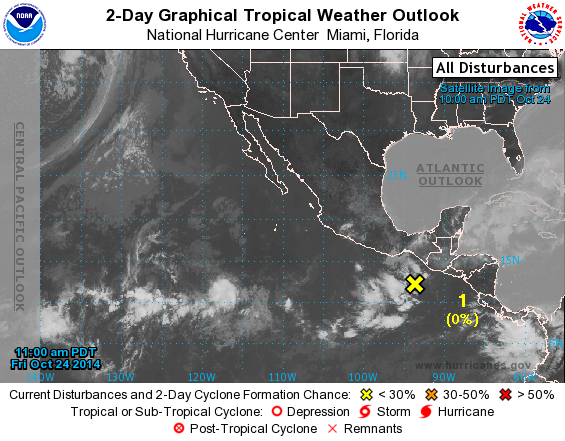
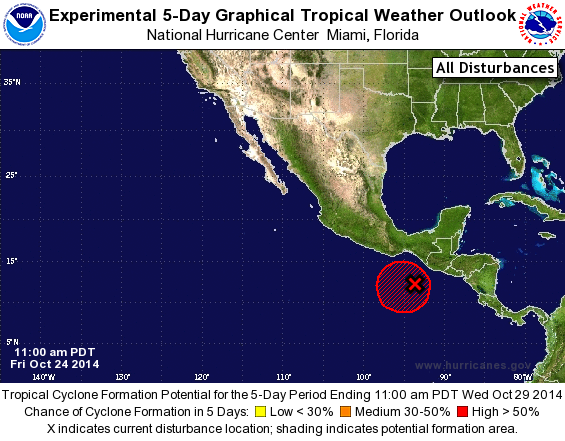
For the eastern North Pacific...east of 140 degrees west longitude:

1. An area of disorganized cloudiness and thunderstorms centered a couple of hundred miles south of the Gulf of Tehuantepec is associated with a trough of low pressure. Environmental conditions are not favorable for development over the weekend. However, these conditions are forecast to become more conducive for tropical cyclone formation early next week while the system drifts generally northwestward.
* Formation chance through 48 hours...low...near 0 percent.
* Formation chance through 5 days...high...60 percent.

Forecaster Avila